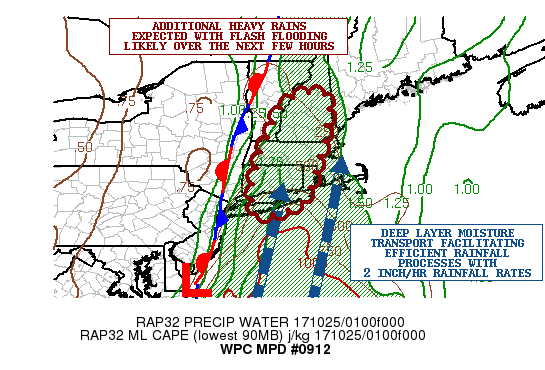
AREAS AFFECTED...LONG ISLAND...CT...RI...MA...SOUTHEAST
VT...CENTRAL/SOUTHERN NH

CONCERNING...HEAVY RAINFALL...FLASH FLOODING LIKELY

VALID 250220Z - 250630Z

SUMMARY...BANDS OF HEAVY RAIN WILL CONTINUE TO LIFT UP ACROSS
CENTRAL/SOUTHERN NEW ENGLAND OVER THE NEXT FEW HOURS...WITH
ADDITIONAL FLASH FLOODING EXPECTED.

DISCUSSION...VERY MOIST DEEP LAYER SOUTHERLY FLOW CONTINUES TO
ADVANCE UP ACROSS SOUTHERN NEW ENGLAND THIS EVENING AND RADAR
IMAGERY IS SHOWING MULTIPLE BANDS OF HEAVY SHOWERS TENDING TO
TRAIN OVER THE SAME AREA. RECENT DUAL-POL RADAR DATA IS INDICATING
RAINFALL RATES OF OVER 2 INCHES/HR DOWN ACROSS PARTS OF CENTRAL CT
AND ALREADY THERE ARE STORM TOTALS AMOUNTS OF 3 TO 4 INCHES.

THE HEAVY RAINFALL RATES ARE BEING FACILITATED BY A NOSE OF PWATS
OF 1.7 TO 1.9 INCHES...AND THE AXIS OF DEEP MOISTURE EXTENDS WELL
SOUTH DOWN OFF THE EAST COAST AND TOWARD SOUTH FL...WITH
EFFECTIVELY AN ATMOSPHERIC RIVER SET-UP. THE HEAVY RAINFALL IS
BEING FACILITATED THE GRADUAL EASTWARD ADVANCE OF A DEEP LAYER
TROUGH OVER THE GREAT LAKES AND OH VALLEY AND PROXIMITY OF A
QUASI-STATIONARY FRONT FROM JUST EAST OF THE DELMARVA AND
EXTENDING NORTH UP COASTAL AREAS OF NJ AND INTO FAR EASTERN NY.

THE LATEST NON-OPERATIONAL GOES-16 10.3 MICRON/IR IMAGERY SHOWS
MULTIPLE CLUSTERS OF CONVECTION ALIGNED N/S JUST AHEAD OF THE
FRONT AND ALSO SOUTH OF LONG ISLAND AND SOUTHERN NEW ENGLAND. SOME
OF THIS CONVECTION IS EXPECTED TO CONTINUE TO LIFT NORTHWARD AND
INLAND OFF THE ATLANTIC OCEAN. THE CONVECTION OFFSHORE IS BEING
AIDED BY RELATIVELY DIFFLUENT FLOW ALOFT AND A MODEST INSTABILITY
GRADIENT WITH MLCAPE VALUES OF 500 TO 1000 J/KG...ALTHOUGH THIS
DROPS OFF MARKEDLY FARTHER NORTH OVER INTERIOR NEW ENGLAND.

EXPECT ADDITIONAL RAINFALL AMOUNTS OF AS MUCH AS 2 TO 4 INCHES
THROUGH 06Z...AND THIS WILL LIKELY PROMOTE ADDITIONAL FLASH
FLOODING CONCERNS GOING PAST MIDNIGHT AS A RESULT.